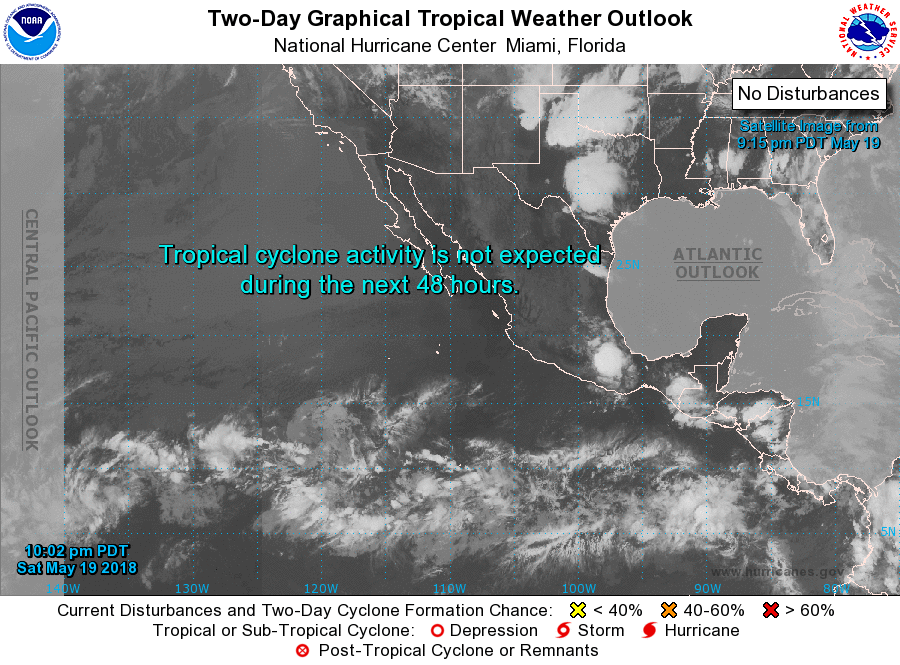
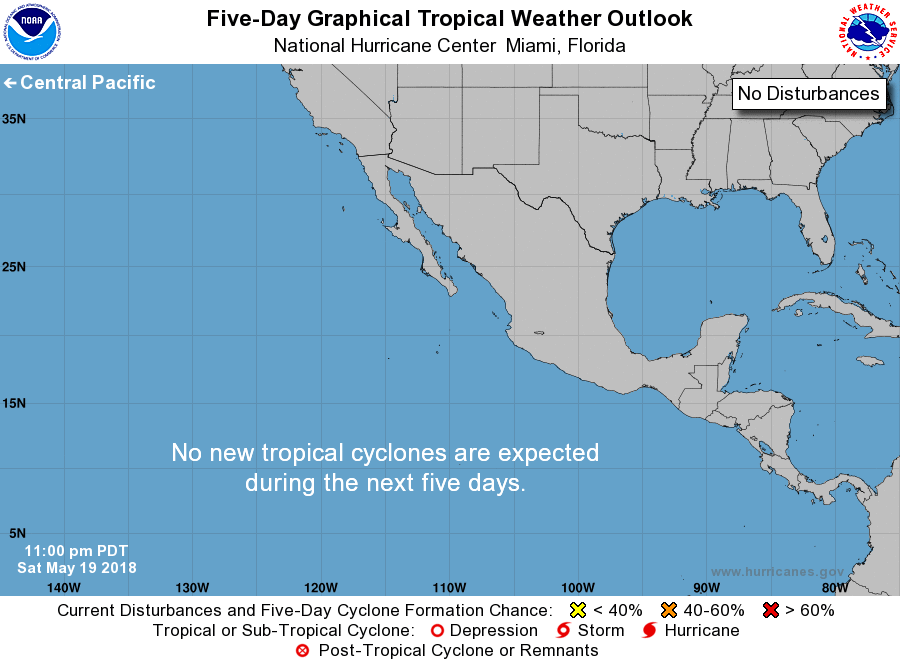
For the eastern North Pacific...east of 140 degrees west longitude:

Tropical cyclone formation is not expected during the next 5 days.

Forecaster Beven